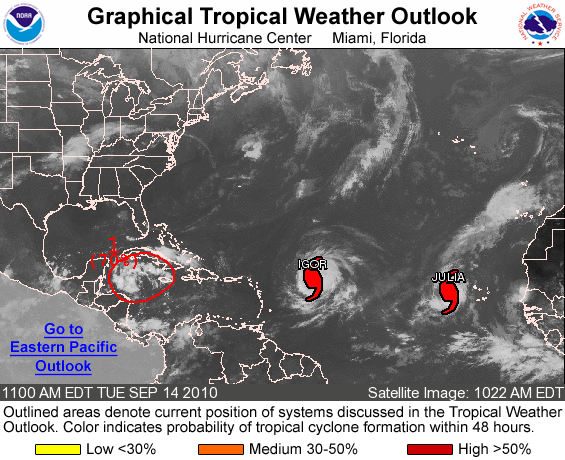
FOR THE NORTH ATLANTIC...CARIBBEAN SEA AND THE GULF OF MEXICO...

THE NATIONAL HURRICANE CENTER IS ISSUING ADVISORIES ON HURRICANE IGOR...LOCATED ABOUT 710 MILES EAST OF THE NORTHERN LEEWARD ISLANDS ...AND ON HURRICANE JULIA...LOCATED ABOUT 355 MILES WEST-NORTHWEST OF THE SOUTHERNMOST CAPE VERDE ISLANDS.

1. SATELLITE IMAGERY INDICATES THAT SHOWER ACTIVITY ASSOCIATED WITH THE BROAD LOW PRESSURE AREA CENTERED ABOUT 375 MILES EAST OF CHETUMAL MEXICO IS BECOMING BETTER ORGANIZED...AND THAT THE WIND CIRCULATION IS BECOMING BETTER DEFINED. IF CURRENT TRENDS CONTINUE...A TROPICAL DEPRESSION COULD FORM LATER TODAY AS THE SYSTEM MOVES WESTWARD TO WEST-NORTHWESTWARD AT ABOUT 15 MPH. THERE IS A HIGH CHANCE...70 PERCENT...OF THIS SYSTEM BECOMING A TROPICAL CYCLONE DURING THE NEXT 48 HOURS. INTERESTS IN THE YUCATAN PENINSULA OF MEXICO AND BELIZE SHOULD MONITOR THE PROGRESS OF THIS SYSTEM. REGARDLESS OF DEVELOPMENT...LOCALLY HEAVY RAINFALL IS POSSIBLE OVER PORTIONS OF JAMAICA...CUBA...THE CAYMAN ISLANDS...THE YUCATAN PENINSULA...AND BELIZE DURING THE NEXT DAY OR TWO. THESE RAINS COULD CAUSE LIFE-THREATENING FLASH FLOODS AND MUD SLIDES... ESPECIALLY IN AREAS OF MOUNTAINOUS TERRAIN. AN AIR FORCE RESERVE HURRICANE HUNTER AIRCRAFT IS SCHEDULED TO INVESTIGATE THIS SYSTEM THIS AFTERNOON.

ELSEWHERE...TROPICAL CYCLONE FORMATION IS NOT EXPECTED DURING THE NEXT 48 HOURS.

FORECASTER BEVEN